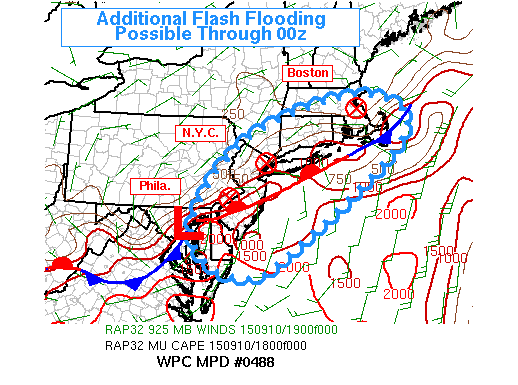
AREAS AFFECTED...ERN MD...DE...ERN PA...NJ...SRN NY...SRN
CT...RI...SE MA

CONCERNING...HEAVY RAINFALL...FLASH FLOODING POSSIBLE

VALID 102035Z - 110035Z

SUMMARY...HEAVY RAIN RATES WILL PERSIST THROUGH AT LEAST 00Z...AND
MAY YIELD FLASH FLOODING IN VULNERABLE AREAS. BEYOND 00Z...HEAVY
RAIN MAY BE LESS ORGANIZED...BUT COULD RETURN NEAR THE COAST.

DISCUSSION...MULTIPLE SMALL SCALE CONVECTIVE SYSTEMS WERE
STRADDLED TO EITHER SIDE OF A QUASI-STATIONARY FRONT...WHICH WILL
BECOME A WARM FRONT NEAR THE COAST. MOISTURE WAS UNUSUALLY
RICH...LEADING TO NUMEROUS OBSERVATIONS OF ONE INCH RAINFALL
OCCURRING IN 40-60 MINUTES. A LEADING MCS APPROACHING SOUTHEAST
MASSACHUSETTS HAD LIFTED NORTH OF THE INSTABILITY AXIS AND
WEAKENED AS OF 20Z. AN MCS JUST AHEAD OF THE SYNOPTIC LOW WILL BE
OF MORE CONCERN AS IT LIFTS SLOWLY OUT OF EASTERN PA TOWARD
NJ/NY/CT. CONVECTION WAS SHALLOW BUT EFFICIENT GIVEN WARM RAIN
PROCESSES. RADAR LOOPS SHOWED SMALL SCALE CELLS ANCHORED AGAINST
SOME OF THE TERRAIN RISES IN PA/NJ...AND BALANCED AGAINST
SOUTHERLY LOW LEVEL INFLOW TO YIELD LITTLE NET MOVEMENT. THIS TYPE
OF ACTIVITY WILL PRODUCE LOCAL VERY HEAVY RAINFALL EXCEEDING 2
INCHES IN AN HOUR...WHILE THE PARENT RAIN SHIELD DRIFTS
NORTHEASTWARD AT ONLY 10-15 KNOTS PER THE CORFIDI VECTORS FOR
FORWARD PROPAGATION.

ADDITIONAL HEAVY RAINFALL WILL SWEEP THROUGH DELAWARE AND EASTERN
MD. THE LAND MASS HERE AND PERHAPS SOME BAY BREEZE / SEA BREEZE
INTERACTION WILL HAVE CONTRIBUTED TO GREATER INSTABILITY AND
CONVERGENCE. CELLS WHICH IN THEIR FORMATIVE STAGE PRODUCED MORE
THAN 2 INCHES OF RAIN AT ANNAPOLIS WERE MOVING FORWARD AT
2030Z...BUT WILL STILL BE SOME OF THE DEEPEST CORES AS THEY TRACK
THROUGH MD/DE...TAKING FULL ADVANTAGE OF THE 2.10 INCH PW PER SPC
MESOANALYSIS.

SYNOPTIC FORCING DOES NOT COME BACK INTO SYNC UNTIL AFTER DARK
WHEN HEIGHT FALLS AND A FRONTAL WAVE BECOME MORE PRONOUNCED. CAPE
FORECASTS BEYOND 00Z SUGGEST THE MAIN HEAVY RAIN THREAT WOULD BE
NEAR THE IMMEDIATE COAST OF SOUTHERN NEW ENGLAND.